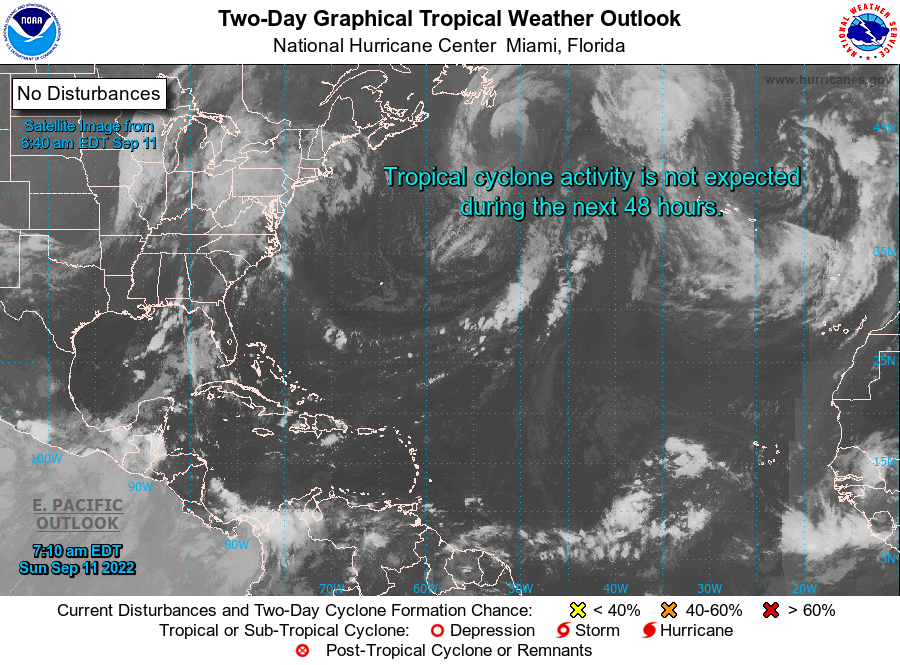
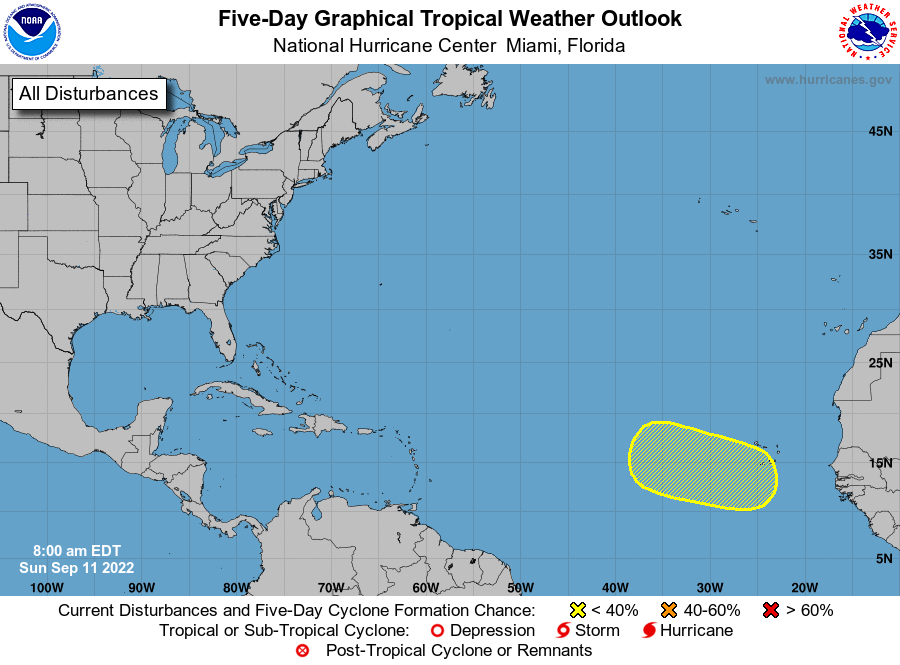
For the North Atlantic...Caribbean Sea and the Gulf of Mexico:

1. Eastern Tropical Atlantic: A tropical wave is forecast to move off the west coast of Africa on Monday. Any development of this wave should be slow to occur while it moves westward or west-northwestward across the eastern tropical Atlantic Ocean.
* Formation chance through 48 hours...low...near 0 percent.
* Formation chance through 5 days...low...20 percent.

Forecaster D. Zelinsky